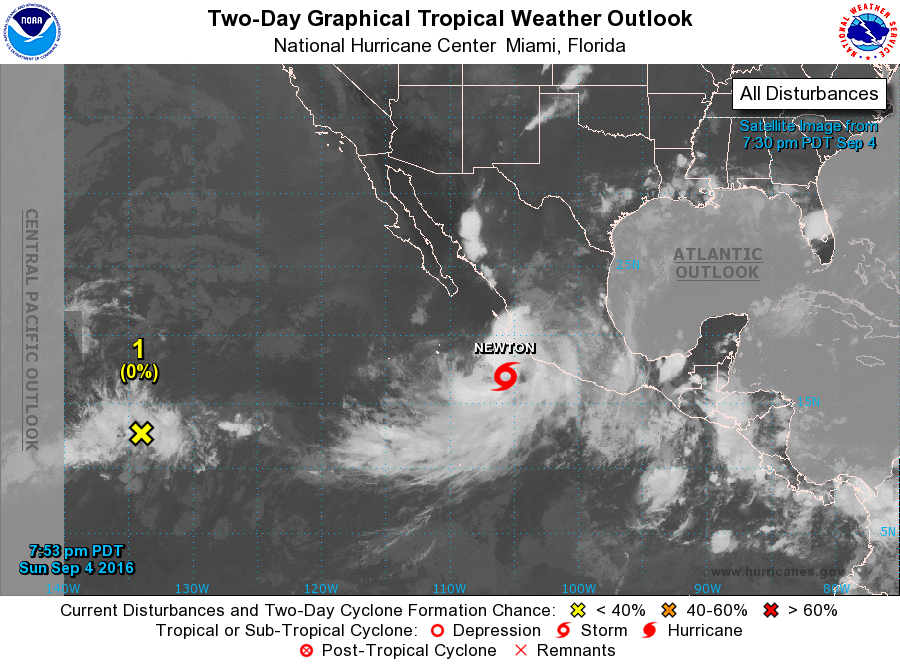
For the eastern North Pacific...east of 140 degrees west longitude:

The National Hurricane Center is issuing advisories on newly formed Tropical Depression Fifteen-E, located near the southwestern coast of Mexico.

1. A broad trough of low pressure located more than 1700 miles west-southwest of the southern tip of the Baja California peninsula is producing disorganized shower activity. Development of this system, if any, is expected to be slow to occur as it moves generally eastward at 10 mph during the next few days.
* Formation chance through 48 hours...low...near 0 percent
* Formation chance through 5 days...low...20 percent

2. An area of low pressure is expected to form later this week several hundred miles south or southwest of Manzanillo, Mexico. Some gradual development of this system is possible after that time while it moves generally westward.
* Formation chance through 48 hours...low...near 0 percent
* Formation chance through 5 days...low...20 percent

Public Advisories on Tropical Depression Fifteen-E are issued under WMO header WTPZ35 KNHC and under AWIPS header MIATCPEP5. Forecast/Advisories on Tropical Depression Fifteen-E are issued under WMO header WTPZ25 KNHC and under AWIPS header MIATCMEP5.

Forecaster Berg